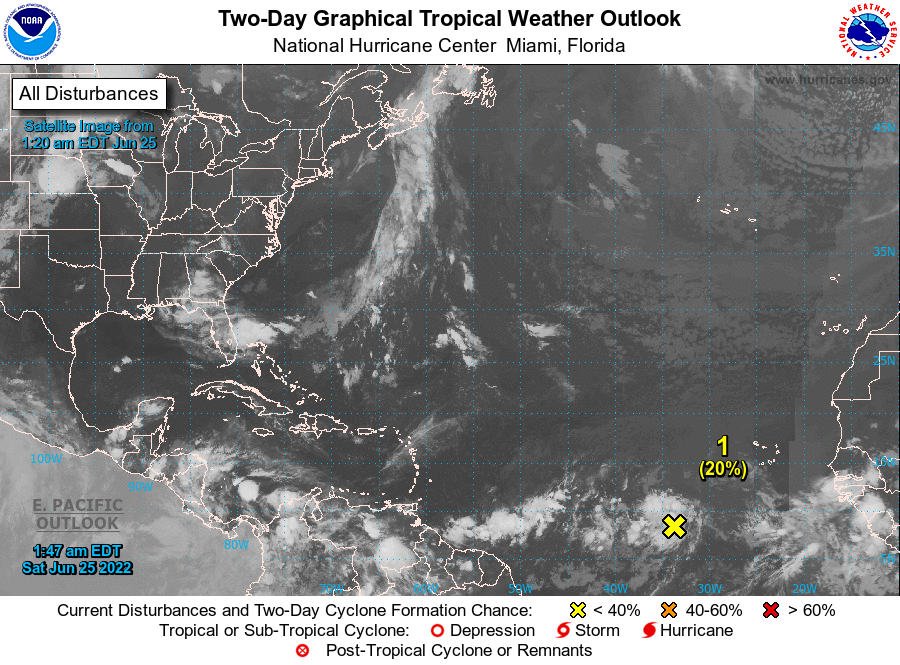
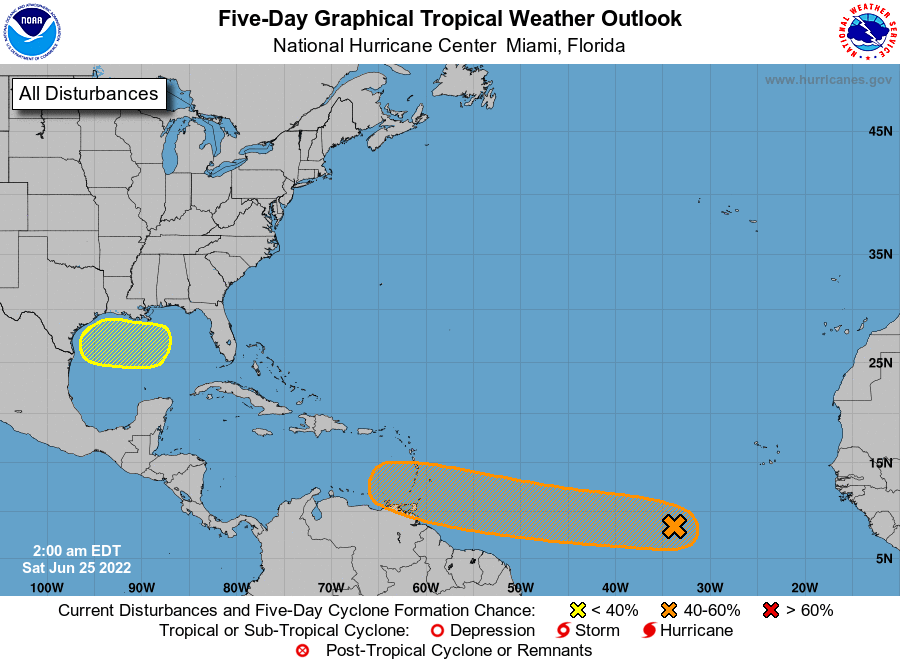
For the North Atlantic...Caribbean Sea and the Gulf of Mexico:

1. Tropical Atlantic: A tropical wave located over the central tropical Atlantic continues to produce a large area of disorganized showers and thunderstorms. Environmental conditions appear conducive for development of this system over the next few days, and a tropical depression could form during the early to middle part of next week. This system is forecast to move westward at 15 to 20 mph over the tropical Atlantic and approach the Windward Islands by early next week.
* Formation chance through 48 hours...low...20 percent.
* Formation chance through 5 days...medium...60 percent.

2. Gulf of Mexico: An area of low pressure could form early next week over the northern Gulf of Mexico. Any development of this system would likely be slow to occur as it drifts westward in the north central or northwestern Gulf of Mexico.
* Formation chance through 48 hours...low...near 0 percent.
* Formation chance through 5 days...low...20 percent.

Forecaster Bucci/Blake